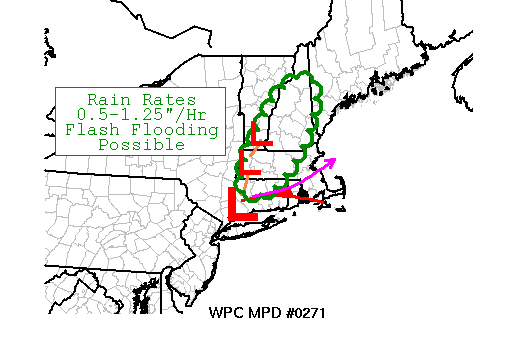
AREAS AFFECTED......PORTIONS OF VT/NH/MA/CT...

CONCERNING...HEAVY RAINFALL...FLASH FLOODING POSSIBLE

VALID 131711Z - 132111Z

SUMMARY...FLASH FLOODING INCREASING PROBABLE THIS AFTERNOON AS
RAIN RATES AND DURATION INCREASE.

DISCUSSION...THE WEAKENING PHASE OF THE RAIN SYSTEM THAT AFFECTED
LONG ISLAND AND SOUTHERN CT THIS MORNING HAS ENDED.  SEVERAL HOURS
OF INSOLATION AND GRADUAL APPROACH OF COOLER MID LEVEL
TEMPERATURES HAVE HELPED TO DESTABILIZE AREAS TO THE WEST AND
SOUTH OF A PRIMARY SURFACE OVER WESTERN CT THAT INCLUDES A LINE OF
MESOLOWS EXTENDING INTO SOUTHERN VT...RESULTING IN AVERAGE CAPES
OF 400-1000 J/KG.  WITH THE BOUNDARY LAYER GRADUALLY DEEPENING AND
ENTRAINING SOME OF THIS AIR...THE CONVECTIVE ELEMENTS THAT ARE
BECOMING INCREASINGLY EVIDENT ON VISIBLE SATELLITE IMAGERY AND
RADAR ARE EXPECTED TO STEADILY INCREASE THROUGH THE AFTERNOON.

GIVEN THE CURRENT ORIENTATION OF BOUNDARY LAYER
FEATURES...INSTABILITY...AND TERRAIN...ALONG WITH HI-RES
GUIDANCE...THE MOST LIKELY AREA TO RECEIVE THE HEAVIEST RAIN
THROUGH THE AFTERNOON EXTENDS IN A NARROW CORRIDOR NORTHEAST OF
THE PRIMARY SURFACE LOW THEN BUMPING AGAINST THE EASTERN FACING
SLOPES OF THE BERKSHIRES AND WHITE MOUNTAINS.

GIVEN THE AVAILABLE MOISTURE AND INSTABILITY PROFILES AS WELL AS
VERTICAL CHANGES IN WIND...RAIN RATES SHOULD AVERAGE JUST OVER 0.5
INCHES PER HOUR BUT WILL BE CAPABLE OF REACHING ABOUT 1.25 INCHES
OR MORE NEAR THE MESOLOWS AND IN VICINITY OF TERRAIN...WHICH COULD
LEAD TO FLASH FLOODING IF THE RAIN PERSISTS FOR MORE THAN 2 HOURS.